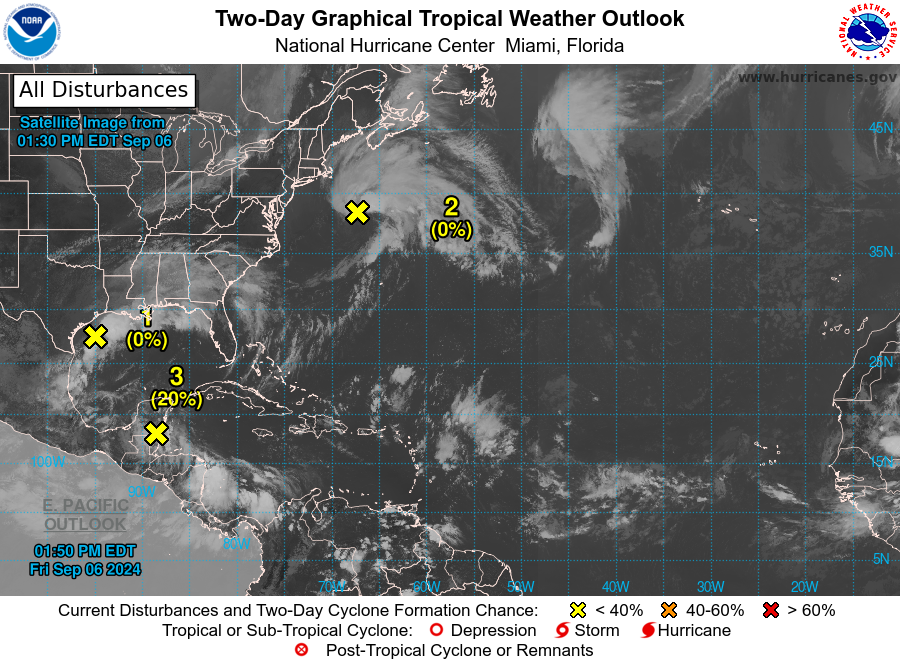
For the North Atlantic...Caribbean Sea and the Gulf of Mexico:

1. Northwestern Gulf of Mexico (AL90): Showers and thunderstorms associated with a low pressure system and weak frontal boundary over the northwestern Gulf of Mexico remain disorganized. The low is expected to be absorbed by the front and lose definition by tonight or on Saturday, and therefore tropical cyclone development is not expected. Regardless of development, heavy rainfall is expected to continue and possibly cause flash flooding across portions of the northern Gulf Coast during the next day or so. Additional information on this system can be found in products issued by your local National Weather Service Forecast Office and High Seas Forecasts issued by the National Weather Service.
* Formation chance through 48 hours...low...near 0 percent.
* Formation chance through 7 days...low...near 0 percent.

2. Northwestern Atlantic (AL99): An intensifying low pressure system located several hundred miles east of the U.S. Mid-Atlantic coast continues to take on a non-tropical structure and is now producing winds to storm force. Subtropical development of this system is not expected while it moves north-northeastward at 15 to 20 mph offshore the northeastern United States toward Atlantic Canada. Additional information on this system, including storm warnings, can be found in High Seas Forecasts issued by the National Weather Service.
* Formation chance through 48 hours...low...near 0 percent.
* Formation chance through 7 days...low...near 0 percent.

3. Southwestern Gulf of Mexico: A tropical wave located over Belize and the Yucatan Peninsula of Mexico is producing disorganized showers and thunderstorms. The wave is forecast to move into the Bay of Campeche on Saturday, where it could then begin to interact with a frontal boundary. A tropical depression could form during the early or middle part of next week while the system moves slowly northwestward over the southwestern Gulf of Mexico.
* Formation chance through 48 hours...low...20 percent.
* Formation chance through 7 days...medium...40 percent.

4. Eastern and Central Tropical Atlantic: An elongated trough of low pressure over the eastern tropical Atlantic is producing minimal shower and thunderstorm activity. Development, if any, should be slow to occur while the disturbance meanders through the early part of next week and then begins to move west-northwestward across the central tropical Atlantic during the middle to latter part of next week.
* Formation chance through 48 hours...low...near 0 percent.
* Formation chance through 7 days...low...10 percent.

High Seas Forecasts are issued by the National Weather Service under AWIPS header NFDHSFAT1 and WMO header FZNT01 KWBC, and online at ocean.weather.gov/shtml/NFDHSFAT1.php

Forecaster Berg